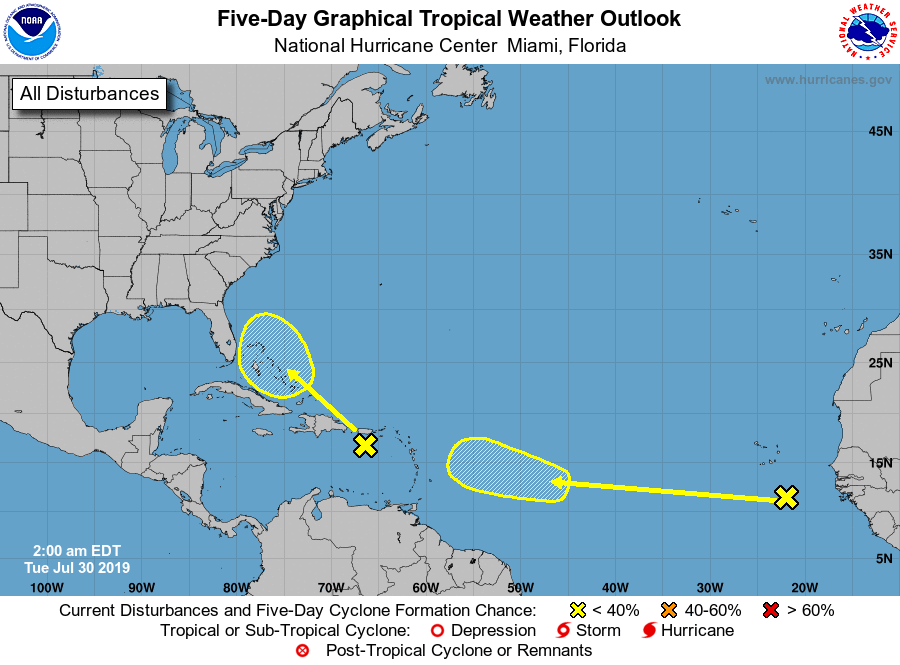
For the North Atlantic...Caribbean Sea and the Gulf of Mexico:

1. Shower activity associated with a tropical wave over the eastern Caribbean Sea remains disorganized. This system is expected to move west-northwestward with no significant development, producing locally heavy rainfall over Puerto Rico, Hispaniola, and portions of the southeastern Bahamas during the next few days. Over the weekend, conditions could become marginally conducive for development when the disturbance moves near Florida and the central and northwestern Bahamas.
* Formation chance through 48 hours...low...near 0 percent.
* Formation chance through 5 days...low...10 percent.

2. A tropical wave accompanied by a broad low pressure system is producing a large area of cloudiness and disorganized shower activity over the far eastern tropical Atlantic a few hundred miles south of the Cabo Verde Islands. Upper-level winds are expected to be unfavorable for any significant development of this disturbance during the next few days. However, environmental conditions are forecast to become a little more conducive for development over the weekend.
* Formation chance through 48 hours...low...near 0 percent.
* Formation chance through 5 days...low...20 percent.

Forecaster Pasch